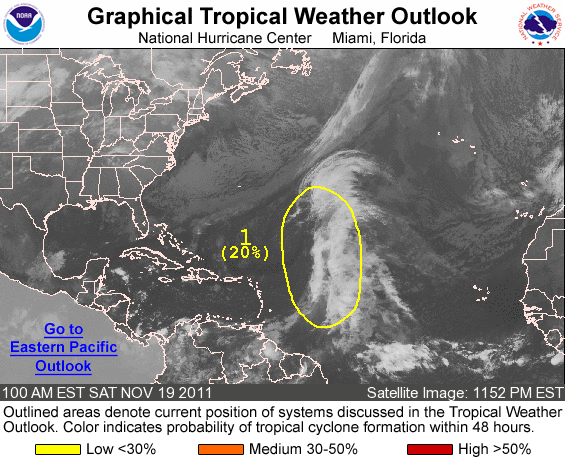
FOR THE NORTH ATLANTIC...CARIBBEAN SEA AND THE GULF OF MEXICO...

1. A LARGE AND ELONGATED AREA OF CLOUDINESS AND SHOWERS CONTINUES OVER THE CENTRAL ATLANTIC OCEAN APPROXIMATELY 800 TO 9000 MILES EAST AND NORTHEAST OF THE LEEWARD ISLANDS. THIS ACTIVITY IS ASSOCIATED WITH THE INTERACTION BETWEEN A SURFACE TROUGH...A TROPICAL WAVE...AND AN UPPER-LEVEL LOW. SLOW DEVELOPMENT IS POSSIBLE AS THIS SYSTEM DRIFTS GENERALLY NORTHWARD OVER THE NEXT COUPLE OF DAYS...AND IT HAS A LOW CHANCE...20 PERCENT...OF BECOMING A SUBTROPICAL OR TROPICAL CYCLONE DURING THE NEXT 48 HOURS.

ELSEWHERE...TROPICAL CYCLONE FORMATION IS NOT EXPECTED DURING THE NEXT 48 HOURS.

FORECASTER BEVEN